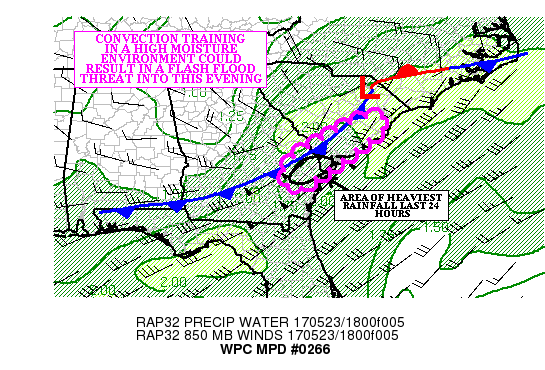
AREAS AFFECTED...SOUTHEAST GA...EASTERN SC

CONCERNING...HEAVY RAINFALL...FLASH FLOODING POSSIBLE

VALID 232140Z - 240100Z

SUMMARY...CONVECTION TRAINING IN A HIGH MOISTURE ENVIRONMENT AHEAD
OF A COLD FRONT COULD POSE A FLASH FLOOD THREAT INTO THE EVENING
HOURS.

DISCUSSION...REGIONAL RADARS ACROSS SOUTHERN GA INTO EASTERN SC
SHOWED CONVECTIVE ACTIVITY INCREASING AHEAD OF A WEAK COLD FRONT.
THE MOST RECENT EXPERIMENTAL GOES-16 IMAGES SHOWED SLOWLY COOLING
CLOUD TOPS OVER SOUTHEAST GA...WITH THE CONVECTION FORMING IN A
GRADIENT OF MLCAPE (WITH VALUES GENERALLY RANGING BETWEEN 500-1000
J/KG).

A 25 TO 35 KNOT LOW LEVEL FLOW (PER RECENT VWP ANALYSIS) CONTINUED
TO REPLENISH THE MOISTURE PLUME (WITH PRECIPITABLE WATER VALUES
NEAR 2.00 INCHES...AS SEEN ON THE MOST RECENT BLENDED TPW IMAGES).
HOURLY RAINFALL RATES HAVE TOPPED OUT NEAR 1.50 INCHES (BASED ON
THE MOST RECENT KJGX RADAR ESTIMATES)...WHICH IS BELOW THE ONE
HOURLY FLASH FLOOD GUIDANCE VALUES OVER SOUTHEAST GA.

THE HIGH RESOLUTION GUIDANCE IS SPLIT CONCERNING THE FLASH FLOOD
THREAT...WITH THE LATEST HRRR AND 12Z NSSL WRF THE MOST
AGGRESSIVE...INDICATING LOCAL 2.00 TO 4.00 INCH RAINFALL AMOUNTS
THROUGH 00Z ACROSS SOUTHEAST GA AND FAR EASTERN SC. THE LATEST RAP
INDICATES THAT THE MID LEVEL FLOW (850-300 MB) SHOULD REMAIN QUASI
UNIDIRECTIONAL...INCREASING THE POSSIBLY OF TRAINING...AND LOCALLY
HIGHER RAINFALL AMOUNTS.

THE LATEST HRRR SOIL MOISTURE PRODUCT SHOWED NEARLY SATURATED
GROUND OVER THIS AREA...ESPECIALLY OVER AREAS THAT RECEIVED HEAVY
RAINFALL IN THE PAST 24 HOURS. TRAINING CONVECTION OVER THIS AREA
REPRESENTS THE GREATEST THREAT FOR FLASH FLOODING INTO THE EVENING
HOURS.